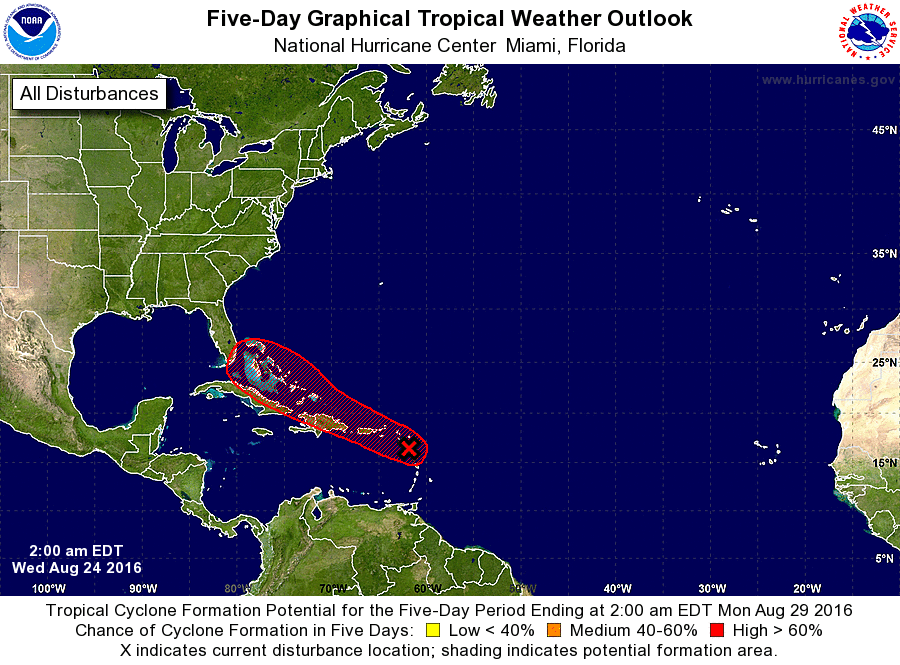
For the North Atlantic...Caribbean Sea and the Gulf of Mexico:

The National Hurricane Center is issuing advisories on Tropical Storm Gaston, located several hundred miles west of the Cabo Verde Islands.

1. Satellite images, surface observations, and radar data from the Lesser Antilles indicate that a broad area of low pressure associated with a tropical wave is located near Guadeloupe. Although environmental conditions are only marginally conducive for development, this system could become a tropical depression during the next day or two while it moves west-northwest at 15 to 20 mph across the Leeward Islands and the Greater Antilles. Conditions could become more conducive later this week while the system moves near the southeastern and central Bahamas. An Air Force Reserve Hurricane Hunter aircraft is scheduled to investigate this disturbance later today, if necessary. Interests from the islands of the northeastern Caribbean Sea to the Bahamas should continue to monitor the progress of this system. Gusty winds, heavy rains, and possible flash floods and mudslides could occur over portions of these areas regardless of tropical cyclone formation. Please consult products issued by your local meteorological offices for further details.
* Formation chance through 48 hours...medium...50 percent
* Formation chance through 5 days...high...70 percent

Forecaster Stewart